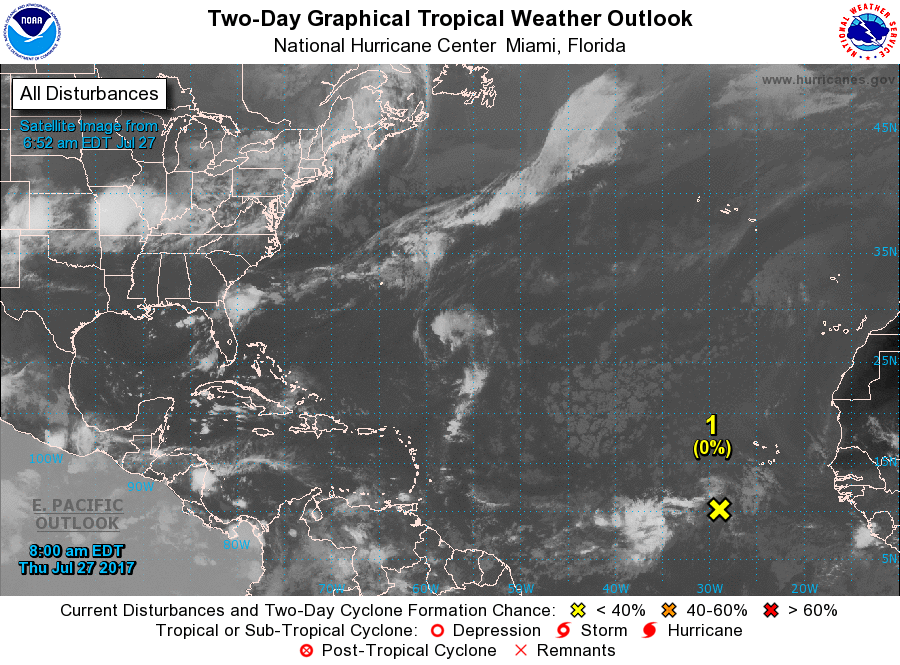
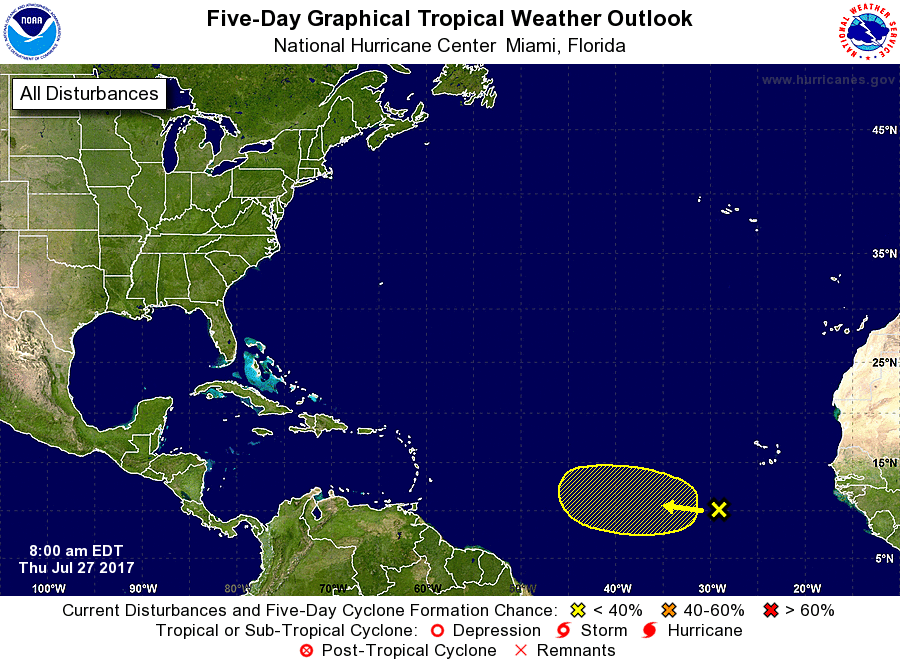
For the North Atlantic...Caribbean Sea and the Gulf of Mexico:

1. Disorganized cloudiness and showers extending from the Cabo Verde Islands southwestward across the Atlantic are primarily associated with a tropical wave. Slow development is possible over the next several days while the system moves westward or west-northwestward at 5 to 10 mph.
* Formation chance through 48 hours...low...near 0 percent.
* Formation chance through 5 days...low...30 percent.

Forecaster Avila